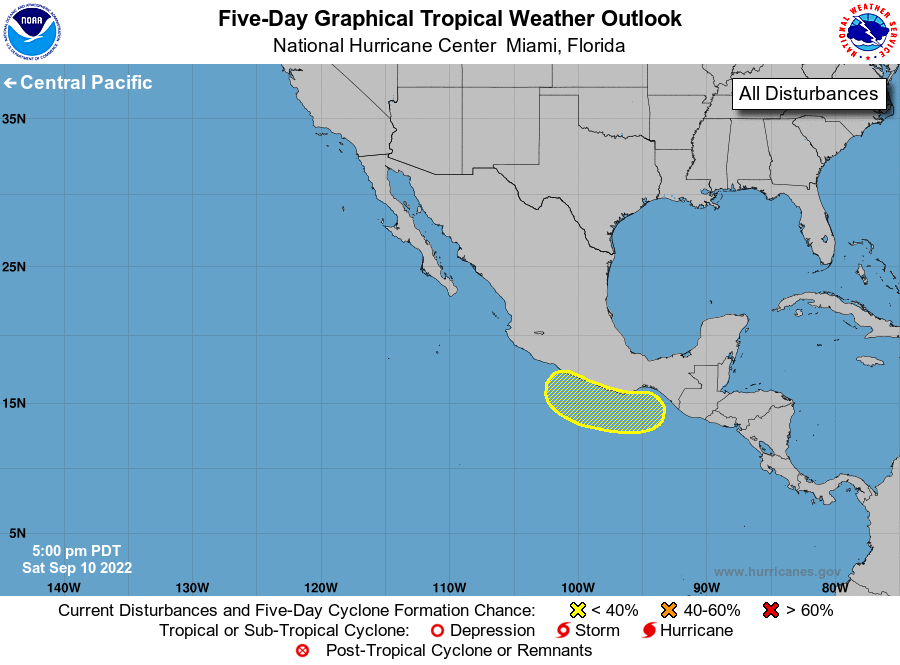
For the eastern North Pacific...east of 140 degrees west longitude:

1. Near the Coast of Southern Mexico: A broad area of low pressure is likely to form near the coast of southern Mexico by early next week. Environmental conditions are expected to be conducive for some development of this system by the middle part of next week while it moves slowly westward near the coast of southern and southwestern Mexico.
* Formation chance through 48 hours...low...near 0 percent.
* Formation chance through 5 days...low...30 percent.

Forecaster Bucci/Cangialosi